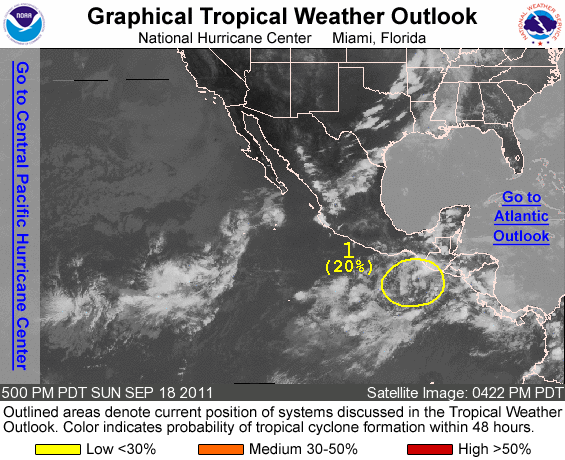
FOR THE EASTERN NORTH PACIFIC...EAST OF 140 DEGREES WEST LONGITUDE..

1. A BROAD LOW PRESSURE SYSTEM LOCATED A COUPLE OF HUNDRED MILES SOUTH-SOUTHEAST OF THE GULF OF TEHUANTEPEC IS PRODUCING A LARGE AREA OF DISORGANIZED CLOUDINESS...SHOWERS...AND THUNDERSTORMS. DEVELOPMENT...IF ANY...OF THIS DISTURBANCE IS EXPECTED TO BE SLOW AS IT MOVES WESTWARD AT 5 TO 10 MPH OVER THE NEXT COUPLE OF DAYS. THIS SYSTEM HAS A LOW CHANCE...20 PERCENT...OF BECOMING A TROPICAL CYCLONE DURING THE NEXT 48 HOURS.

ELSEWHERE...TROPICAL CYCLONE FORMATION IS NOT EXPECTED DURING THE NEXT 48 HOURS.

FORECASTER PASCH